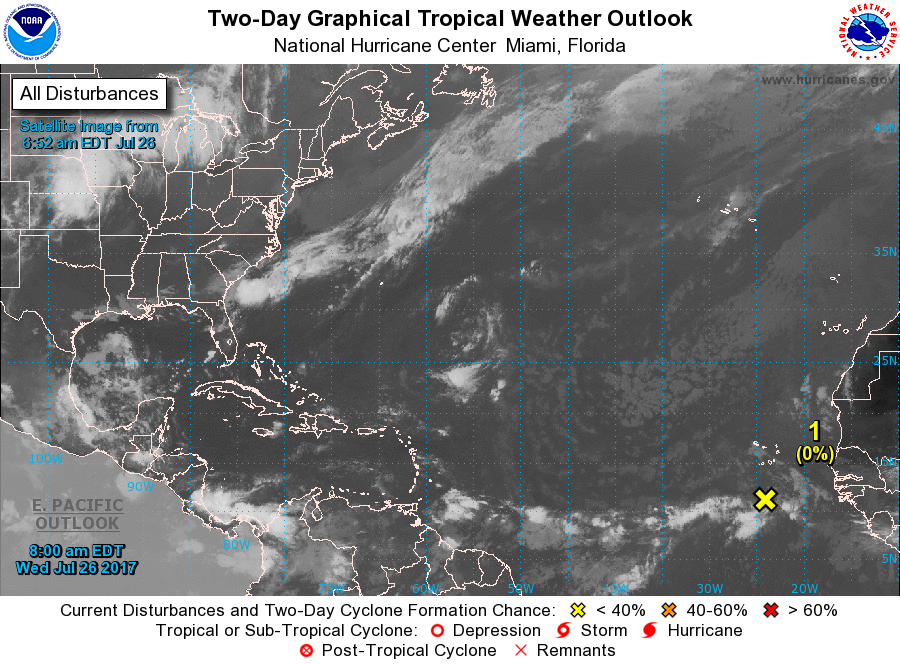
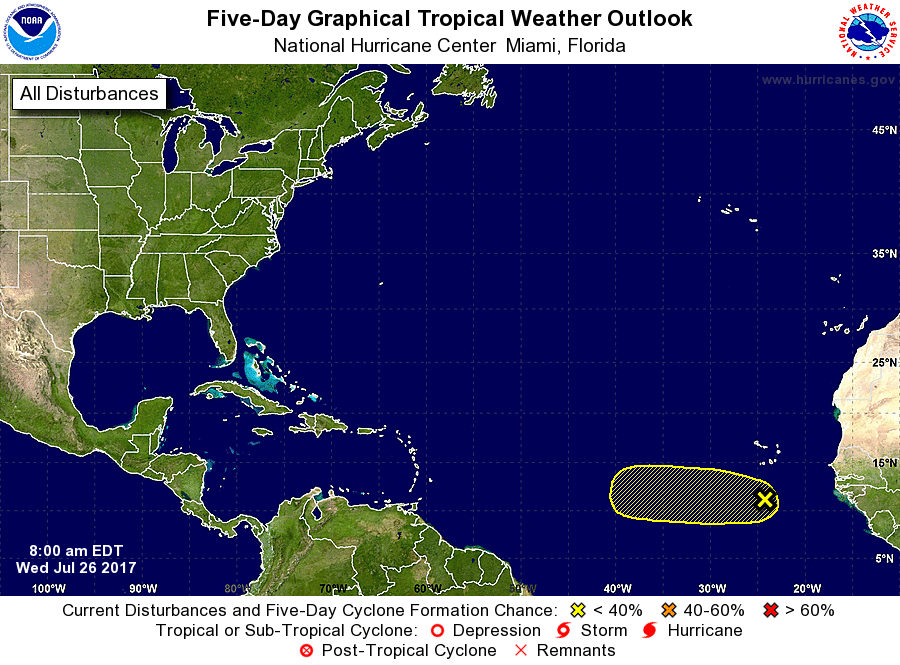
For the North Atlantic...Caribbean Sea and the Gulf of Mexico:

1. A few showers and thunderstorms south of the Cabo Verde Islands are associated with a tropical wave moving westward at 10 to 15 mph. Development of this system, if any, will be slow to occur.
* Formation chance through 48 hours...low...near 0 percent.
* Formation chance through 5 days...low...20 percent.

Forecaster Avila